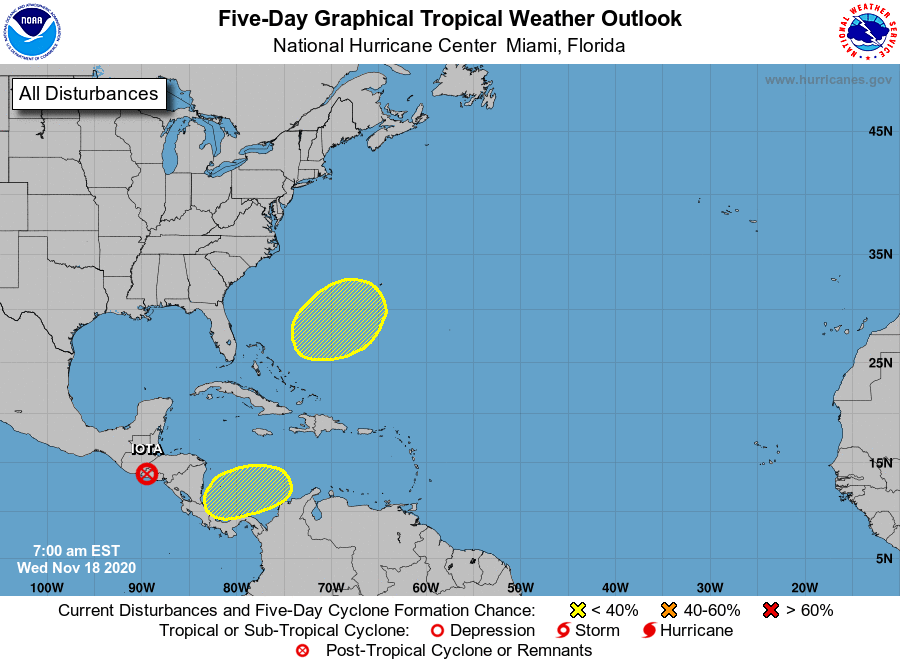
For the North Atlantic...Caribbean Sea and the Gulf of Mexico:

The National Hurricane Center is issuing advisories on Tropical Depression Iota, located inland over El Salvador.

1. A broad area of low pressure could form in a day or so over the southwestern Caribbean Sea. Any development of this system is expected to slow to occur during the next several days while the system moves slowly west-southwestward or westward across the southwestern Caribbean Sea. Regardless of tropical cyclone formation, areas of heavy rain are possible during the next several days from Nicaragua southward across Central America and into Colombia. These rains could cause new flooding concerns, especially across previously inundated areas.
* Formation chance through 48 hours...low...near 0 percent.
* Formation chance through 5 days...low...20 percent.

2. A non-tropical area of low pressure could form between the Bahamas and Bermuda by early next week. The system could gradually develop subtropical characteristics through the middle of next week while it moves northeastward.
* Formation chance through 48 hours...low...near 0 percent.
* Formation chance through 5 days...low...20 percent.

Forecaster Blake